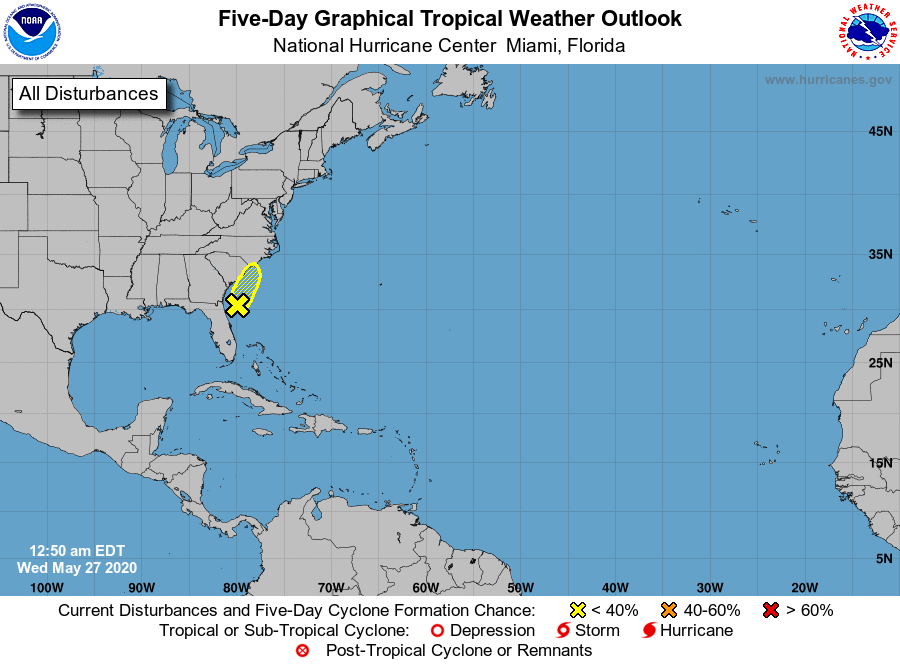
For the North Atlantic...Caribbean Sea and the Gulf of Mexico:

Special Tropical Weather Outlook issued to discuss the area of low pressure near the southeast U.S. coast.

An elongated area of low pressure located just offshore of the northeast Florida and Georgia coasts and an associated upper-level disturbance are producing a large area of disorganized showers and thunderstorms. Although the disturbance has changed little in organization during the past several hours, some development is possible before it moves inland over the southeast U.S. by Wednesday afternoon. After the system is inland, tropical cyclone formation is not expected.

Regardless of development, heavy rainfall could cause flash flooding over portions of the Carolinas on Wednesday. Gusty winds could also produce rough marine conditions and life-threatening surf and rip currents along the coasts of Georgia and the Carolinas through Wednesday.

1. For additional information, see products from your local National Weather Service office. The next Special Tropical Weather Outlook on this system will be issued by 9 AM EDT Wednesday, or earlier if necessary.
* Formation chance through 48 hours...low...30 percent.
* Formation chance through 5 days...low...30 percent.

Forecaster Cangialosi